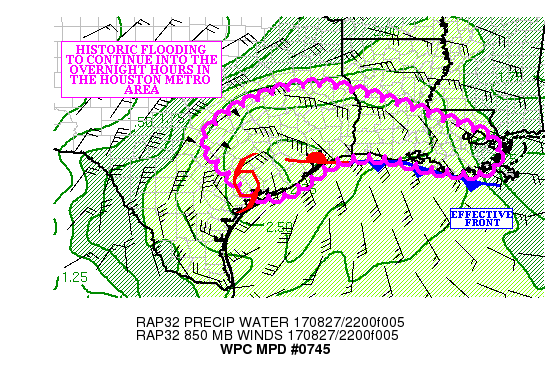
AREAS AFFECTED...SOUTHEAST TX AND SOUTHERN LA

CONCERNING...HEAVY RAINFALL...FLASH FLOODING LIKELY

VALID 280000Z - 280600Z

SUMMARY...SIGNIFICANT TO CATASTROPHIC FLOODING IS POSSIBLE AGAIN
THROUGH THE OVERNIGHT HOURS WHERE BANDING FEATURES ASSOCIATED WITH
HARVEY SET UP.

DISCUSSION...THE GOES-16 SHORT WAVE IR LOOP WAS INDICATING THE
DEVELOPMENT OF NORTH/SOUTH ORIENTED BANDING FEATURES FORMING OVER
PORTIONS OF THE UPPER TX COAST...AND THE REGIONAL RADARS ARE
STARTING TO SHOW THE DEVELOPMENT OF BANDED FEATURES AS WELL. THE
BANDED FEATURES ARE FORMING IN THE 35 TO 45 KNOT CONVERGENT FLOW
EAST OF THE LOW LEVEL CIRCULATION... WHERE 2.50/2.75 INCH
PRECIPITABLE WATER AIR IS FEEDING THE DEVELOPING BANDED CONVECTION.

HOURLY RAINFALL RATES ARE ONCE AGAIN APPROACHING 2.00 INCHES
ACROSS THE UPPER TX COAST OVER CHAMBERS...LIBERTY AND JEFFERSON
COUNTIES IN TX. AS WAS THE CASE SATURDAY NIGHT INTO SUNDAY
MORNING...BANDED CONVECTIVE FEATURES ARE EXPECTED TO DEVELOP AND
TRACK SLOWLY EASTWARD...MAINLY ACROSS THE UPPER COAST OF TX AND
GRADUALLY MOVE INTO SOUTHWEST LA.

THERE IS A STRONG HIGH RESOLUTION MODEL SIGNAL FOR BANDING TO
BUILD THROUGH 03Z ACROSS THE UPPER TX COAST...THEN START PEAKING
BETWEEN 03Z AND 06Z FROM THE HOUSTON METRO AREA INTO PORTIONS OF
SOUTHWEST LA. WHILE THERE ARE SOME DIFFERENCES REGARDING THE
PLACEMENT OF THE MAXIMUM RAINFALL BANDS...ALL MODELS SHOW THE
POTENTIAL FOR HOURLY RAINFALL RATES BETWEEN 2.00 AND 3.00 INCHES
OVER THE UPPER TX COAST...AND LOCAL 5 TO 10+ INCHES OF RAINFALL
THROUGH 06Z.

THIS COULD INCLUDE THE HOUSTON METRO AREAS...AS SEVERAL HIGH
RESOLUTION MODEL RUNS (INCLUDING THE 12Z WRF ARW/NMMB AND 18Z NAM
CONUS NEST) INDICATED THAT HOUSTON COULD ONCE AGAIN BE IN FOR
SIGNIFICANT TO CATASTROPHIC FLASH FLOODING. ADDITIONAL FLOODING IS
EXPECTED AFTER 06Z AS WELL.

FURTHER NORTH...A PERSISTENT EAST NORTHEAST FLOW OF MODERATE TO
HEAVY RAINFALL NORTH OF THE LOW LEVEL CIRCULATION WILL CONTINUE.
THE MOISTURE AND INSTABILITY BECOME ELEVATED OVER PORTIONS OF
CENTRAL TX...AND COULD RESULT IN AN ADDITIONAL 2.00 OR 3.00 INCH
RAINFALL AMOUNTS...EXACERBATING ONGOING FLOODING.

FINALLY...MOISTURE AND INSTABILITY FEEDING CONVECTION THAT RIDES
OVER A FRONTAL BOUNDARY OVER SOUTHERNMOST LA COULD PRODUCE
SCATTERED HOURLY RAINFALL RATES NEAR 2.00 INCHES AS IT REACHES THE
NEW ORLEANS METRO AREA. WHILE MUCH OF THE HIGH RESOLUTION GUIDANCE
IS NOT BULLISH WITH THIS ACTIVITY...LOCAL 3.00 TO 5.00 INCH
AMOUNTS HERE COULD CAUSE ISSUES IN THE METRO AREA.